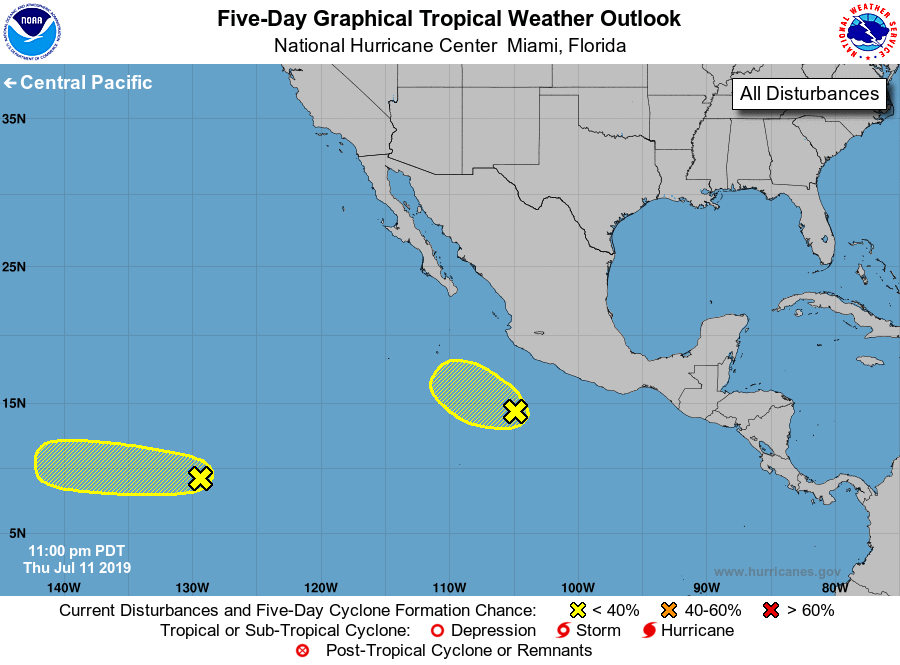
For the eastern North Pacific...east of 140 degrees west longitude:

1. Showers and thunderstorms continue in association with a tropical wave and a weak area of low pressure located a few hundred miles south of the southwestern coast of Mexico. Some development of this system is possible during the next day or so before environmental conditions become less conducive over the weekend while the wave moves to the west-northwest at 10 to 15 mph.
* Formation chance through 48 hours...low...20 percent.
* Formation chance through 5 days...low...20 percent.

2. A tropical wave located a little over 1600 miles southwest of the southern tip of the Baja California peninsula is producing disorganized cloudiness and showers. Development of this system is expected to be slow to occur while the wave moves westward at 10 to 15 mph.
* Formation chance through 48 hours...low...10 percent.
* Formation chance through 5 days...low...20 percent.

Forecaster Roberts